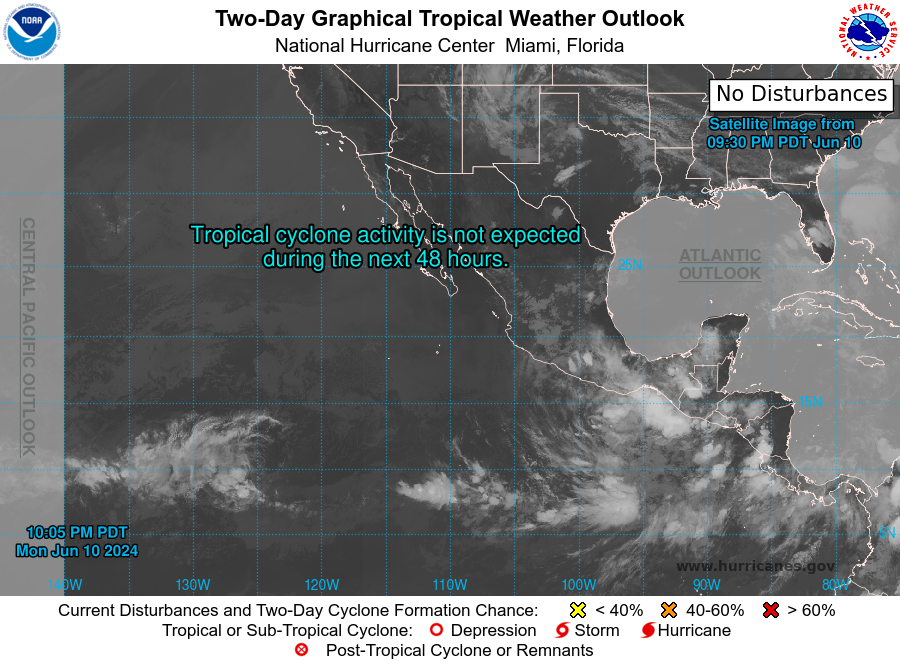
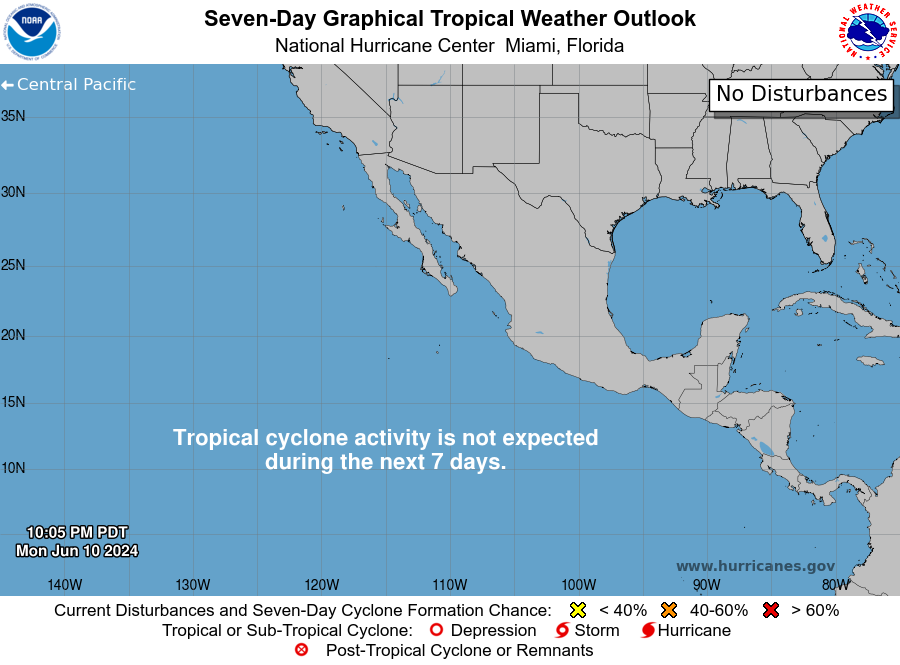
For the eastern North Pacific...east of 140 degrees west longitude:

Tropical cyclone formation is not expected during the next 7 days.

Forecaster Hagen/Pasch